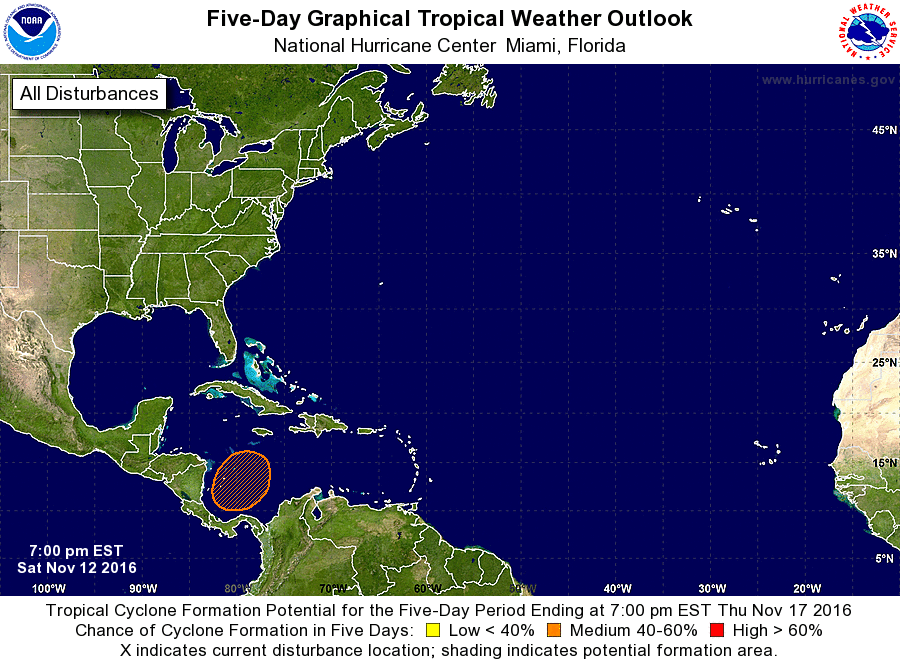
For the North Atlantic...Caribbean Sea and the Gulf of Mexico:

1. A broad area of low pressure is expected to form over the southwestern Caribbean Sea during the early or middle part of next week. Environmental conditions are forecast to be conducive for gradual development of this system while it drifts northward or northeastward.
* Formation chance through 48 hours...low...near 0 percent
* Formation chance through 5 days...medium...50 percent

Forecaster Kimberlain